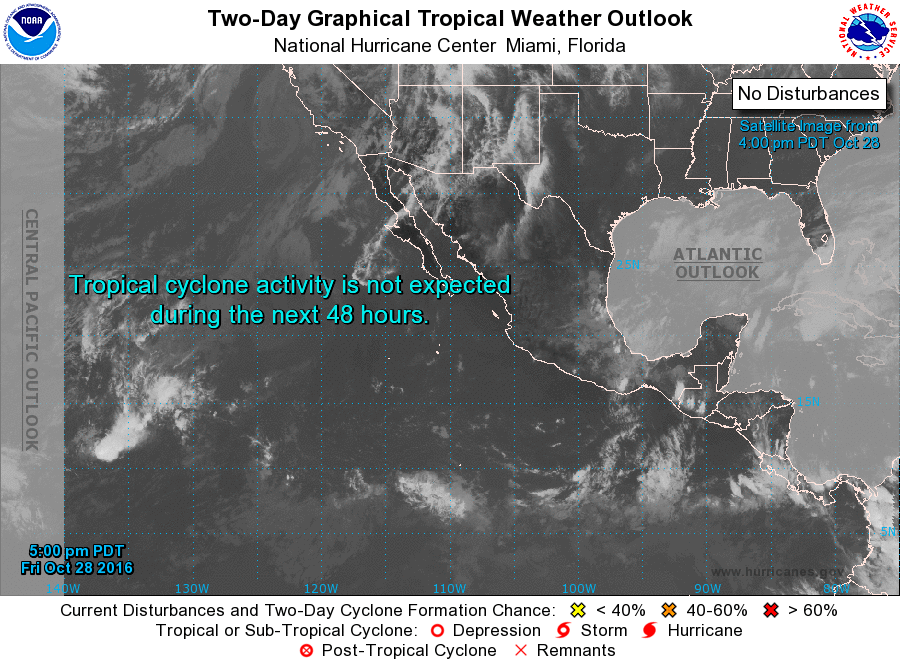
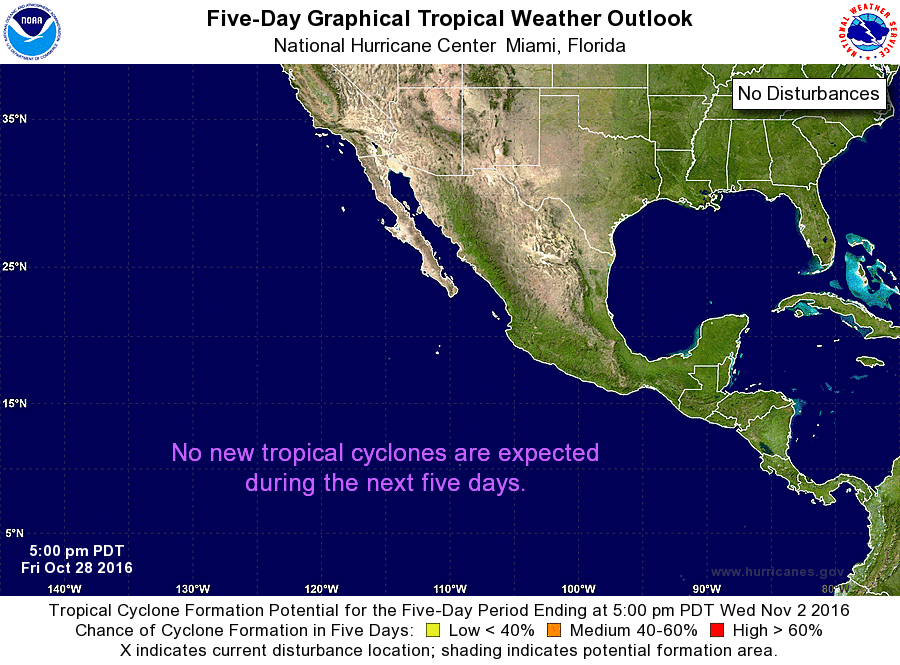
For the eastern North Pacific...east of 140 degrees west longitude:

Tropical cyclone formation is not expected during the next 5 days.

Forecaster Berg